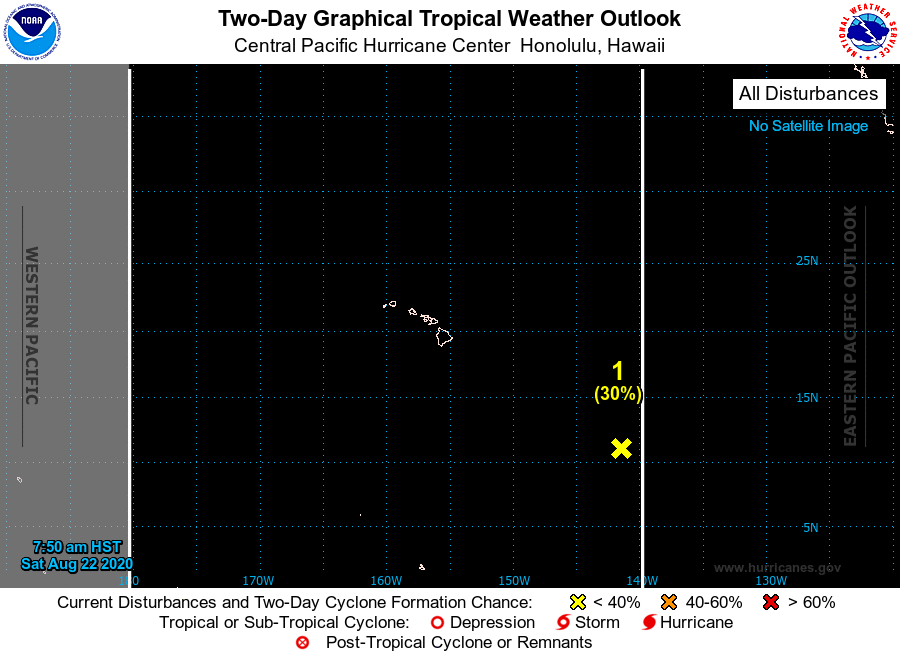
For the central North Pacific...between 140W and 180W:

1. The remnant low of Tropical Depression Ten-E, located around 1000 miles southeast of Hilo, Hawaii, is producing disorganized showers and thunderstorms. Environmental conditions are somewhat conducive for development as this system tracks slowly northward the next couple of days. Conditions will become unfavorable for development by early next week as the system moves slowly westward.
* Formation chance through 48 hours...low...30 percent.
* Formation chance through 5 days...low...30 percent.

Elsewhere, no tropical cyclones are expected during the next 5 days.

Forecaster Blood